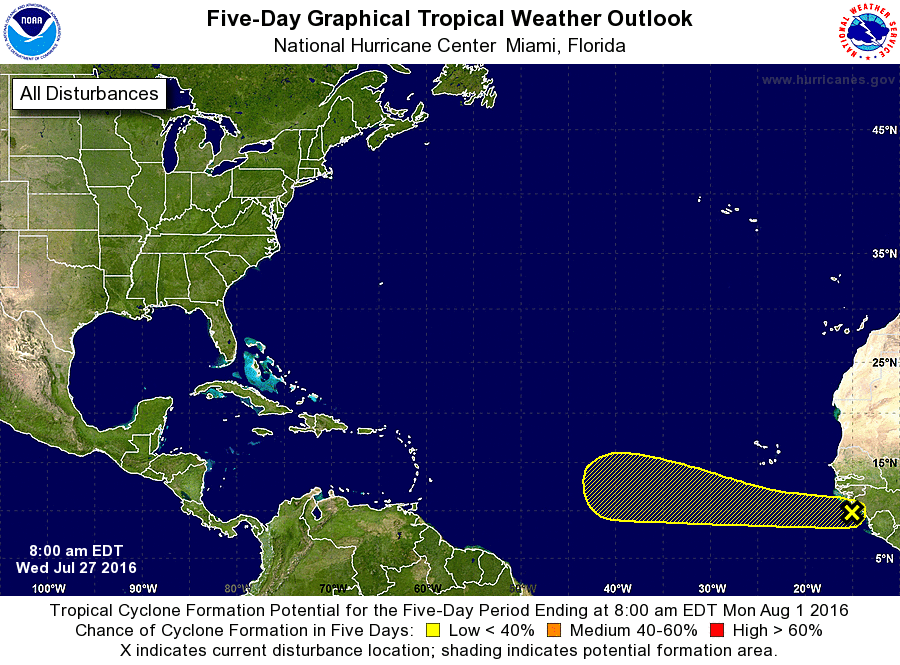
For the North Atlantic...Caribbean Sea and the Gulf of Mexico:

1. A tropical wave located along the coast of western Africa is producing a large area of cloudiness and disorganized shower activity. Environmental conditions are expected to be conducive for some development of this disturbance during the next several days while it moves generally westward at 15 to 20 mph.
* Formation chance through 48 hours...low...10 percent
* Formation chance through 5 days...low...20 percent

Forecaster Stewart